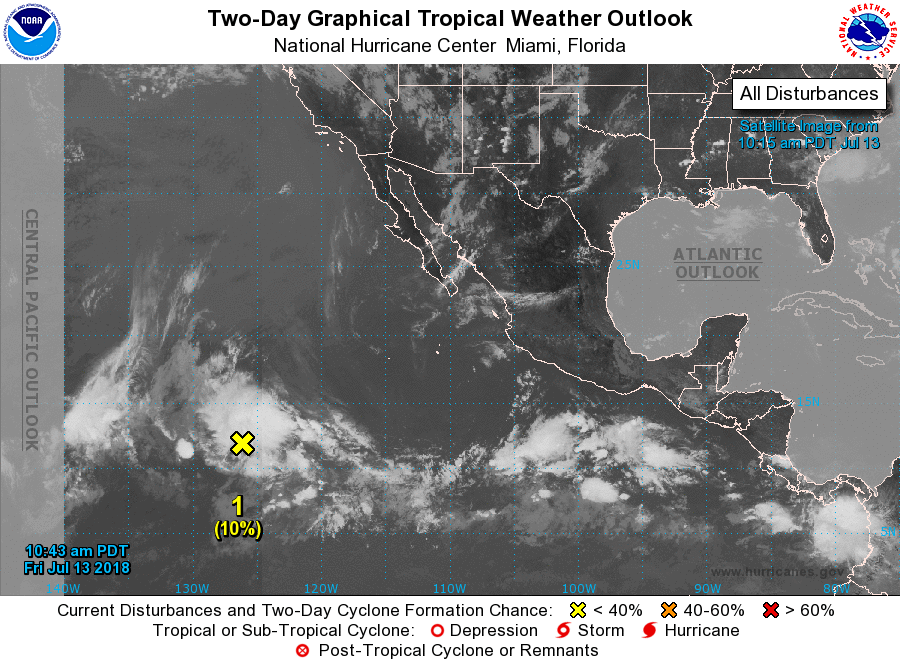
For the eastern North Pacific...east of 140 degrees west longitude:

1. A trough of low pressure located over 1500 miles southwest of the southern coast of Mexico continues to produce a large area of shower and thunderstorm activity. Environmental conditions are expected to become more conducive for development of the disturbance in a day or two as it moves westward around 10 mph.
* Formation chance through 48 hours...low...10 percent.
* Formation chance through 5 days...low...30 percent.

Forecaster Zelinsky